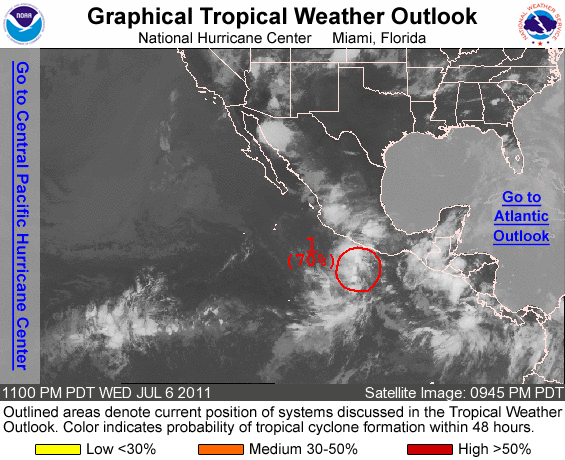
FOR THE EASTERN NORTH PACIFIC...EAST OF 140 DEGREES WEST LONGITUDE..

1. SHOWERS AND THUNDERSTORMS ASSOCIATED WITH AN AREA OF LOW PRESSURE LOCATED ABOUT 250 MILES SOUTH OF ACAPULCO MEXICO HAVE CHANGED LITTLE IN ORGANIZATION DURING THE LAST SEVERAL HOURS. ENVIRONMENTAL CONDITIONS ARE FAVORABLE FOR DEVELOPMENT AND A TROPICAL DEPRESSION WILL LIKELY FORM DURING THE NEXT DAY OR TWO. THERE IS A HIGH CHANCE...70 PERCENT...OF THIS SYSTEM BECOMING A TROPICAL CYCLONE DURING THE NEXT 48 HOURS AS IT MOVES WEST-NORTHWESTWARD AT 10 TO 15 MPH.

ELSEWHERE...TROPICAL CYCLONE FORMATION IS NOT EXPECTED DURING THE NEXT 48 HOURS.

FORECASTER CANGIALOSI